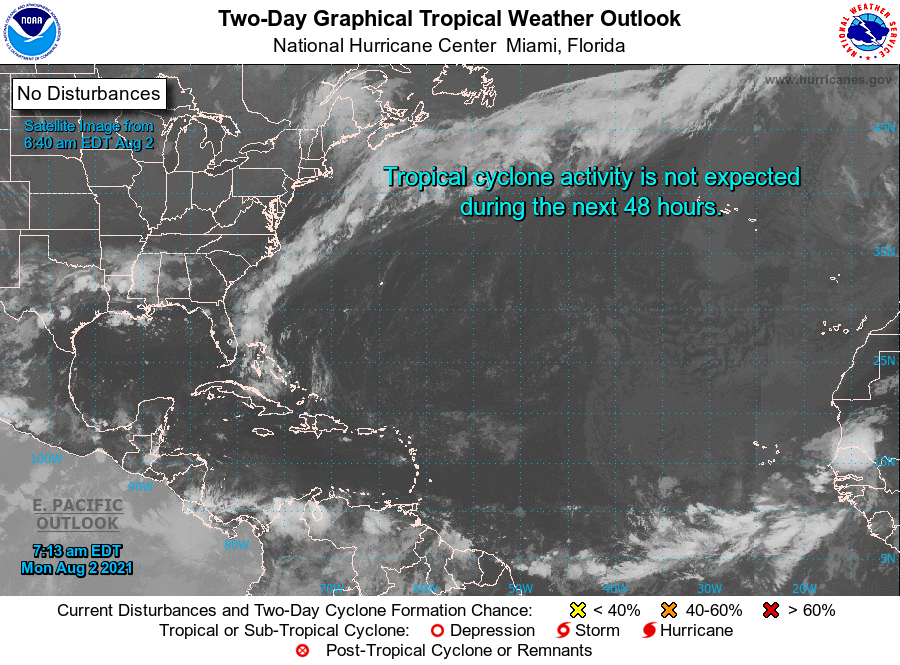
For the North Atlantic...Caribbean Sea and the Gulf of Mexico:

Tropical cyclone formation is not expected during the next 5 days.

Forecaster Blake